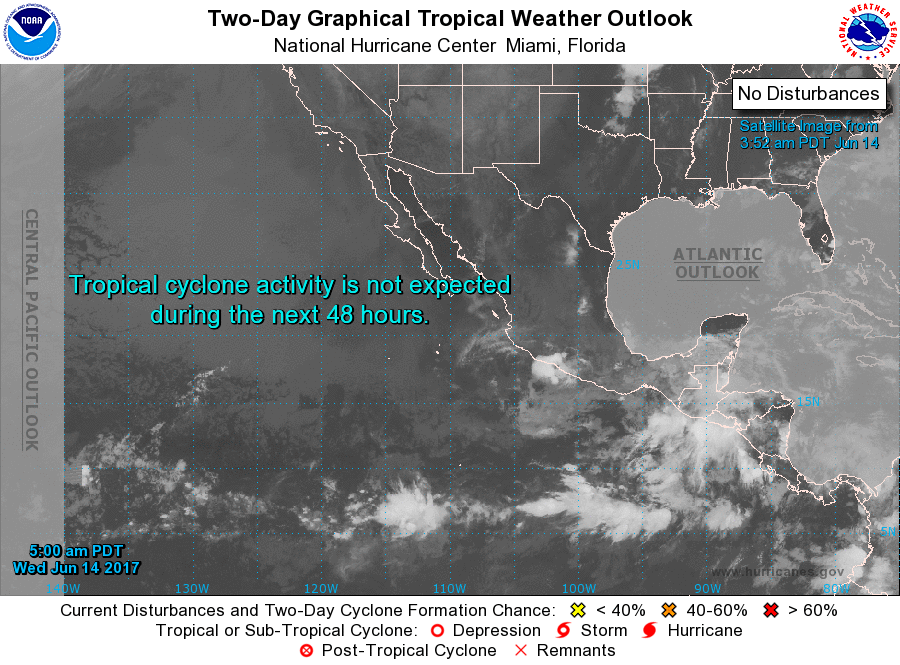
For the eastern North Pacific...east of 140 degrees west longitude:

Tropical cyclone formation is not expected during the next 5 days.

Forecaster Pasch